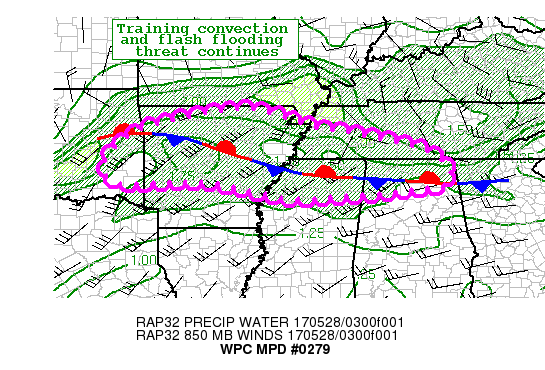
AREAS AFFECTED...ERN OK...NRN AR...WRN AND MIDDLE TN...NRN
MS...NRN AL

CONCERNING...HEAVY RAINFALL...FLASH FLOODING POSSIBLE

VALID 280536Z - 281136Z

SUMMARY...TRAINING CONVECTION AND HEAVY RAINFALL THREAT IS
EXPECTED TO CONTINUE OVER THE NEXT SEVERAL HOURS.  FLASH FLOODING
IS POSSIBLE.

DISCUSSION...WELL ESTABLISHED COLD POOLS ACCOMPANYING THE CENTRAL
TO EASTERN PORTIONS OF THE ONGOING LINE OF ACTIVITY ARE EXHIBITING
STEADY FORWARD PROPAGATION ACROSS ACROSS THE EASTERN TN
VALLEY/SOUTHERN APPALACHIANS REGION. ANY HEAVY RAINFALL THREAT
ACROSS THIS REGION WILL LIKELY BE LIMITED TO THE PORTIONS OF THE
LINE WHERE THE BOWING CONVECTION MAY BRIEFLY ALIGN WEST-EAST TO
ALLOW FOR TRAINING.  FURTHER TO THE WEST HOWEVER...CONVECTION
CONTINUES TO DEVELOP NEAR THE OZARK REGION AND TRAIN
EAST-SOUTHEAST ACROSS AR INTO THE TN VALLEY.  THIS IS EXPECTED TO
CONTINUE AS DEEP WEST-SOUTHWESTERLY INFLOW CONTINUES TO FUNNEL
DEEPER MOISTURE ALONG AN WEST-EAST ORIENTED BOUNDARY EXTENDING
FROM THE OZARK REGION INTO THE TN VALLEY.  PWS REMAIN 1.75 TO 2
INCHES ACROSS MUCH OF THE HIGHLIGHTED REGION...WITH THE LATEST RAP
SHOWING A FURTHER INCREASE IN PWS ACROSS NORTHERN/CENTRAL AR INTO
WESTERN TN AHEAD OF A WEAK MID LEVEL SHORTWAVE.  THIS DEEP
MOISTURE INTERACTING WITH FAVORABLE UPPER JET DYNAMICS ALONG THE
RIGHT-ENTRANCE REGION OF AN ANTI-CYCLONICALLY CURVED JET WILL
CONTINUE TO SUPPORT DEVELOPING CELLS NEAR THE NORTHERN OK/AR
BORDER.  AS THIS ACTIVITY SINKS SLOWLY TO THE SOUTH AND POSSIBLY
MERGES WITH THE ACTIVITY EMANATING FROM SOUTHEASTERN OK...EXPECT
THE HEAVY RAINFALL THREAT TO CONTINUE ACROSS PORTIONS OF
NORTHERN/CENTRAL AR INTO THE WESTERN TN VALLEY FOR THE NEXT
SEVERAL HOURS.